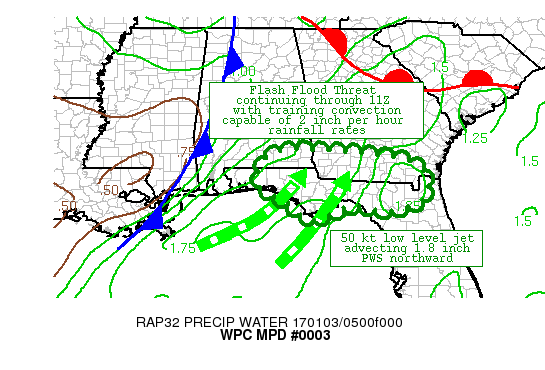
AREAS AFFECTED...NORTH CENTRAL FLORIDA AND SOUTHERN GEORGIA

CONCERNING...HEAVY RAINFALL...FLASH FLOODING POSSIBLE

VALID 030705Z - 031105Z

SUMMARY...REPEATED ROUNDS OF HEAVY THUNDERSTORMS COULD CAUSE
ADDITIONAL FLASH FLOODING CONCERNS FROM THE CENTRAL FLORIDA
PENINSULA TO SOUTHERN GEORGIA THROUGH 11Z THIS MORNING, WITH
RAINFALL RATES OF 2 INCHES PER HOUR OR MORE POSSIBLE.  THE
HEAVIEST RAINFALL SHOULD BE JUST INLAND FROM THE COAST.

DISCUSSION...645Z REGIONAL RADAR IMAGERY SHOWED A BROAD WEST TO
EAST BAND OF STRONG THUNDERSTORMS OVER THE FLORIDA PANDHANDLE, AND
LIFTING VERY SLOWLY NORTHEASTWARD.  ALTHOUGH THE HEAVY RAINFALL
EARLIER IN THE NIGHT FELL PRIMARILY TO THE NORTH AND WEST OF THE
ONGOING CONVECTION, THE REPEATED ROUNDS OF THUNDERSTORM ACTIVITY
COULD BE ENOUGH TO CAUSE SOME FLASH FLOODING PROBLEMS.

A POTENT NEGATIVELY TILTED SHORTWAVE NOTED OVER NORTHERN ALABAMA
AND CENTRAL TENNESSEE IS PROVIDING ORGANIZED ASCENT OVER THIS
REGION.  RAP MODEL SOUNDINGS INDICATE 40 TO 50 KNOTS OF DEEP SOUTH
TO SOUTHWESTERLY FLOW, WITH CAPE ON THE ORDER OF 1000 TO 1500 J/KG
PER THE LATEST SPC MESOANALYSIS.  PW VALUES ARE ALSO QUITE
ELEVATED, ON THE ORDER OF 1.8 INCHES.  RADAR ESTIMATED RAINFALL
RATES OF 1-2+ INCHES PER HOUR ARE ALREADY IN PROGRESS, AND
MULTIPLE REPORTS OF AT LEAST 3 INCHES OF RAINFALL THUS FAR HAVE
BEEN OBSERVED ACROSS PARTS OF THE WESTERN FLORIDA PANHANDLE OVER
THE PAST SEVERAL HOURS.

THE ENHANCED MOISTURE CONVERGENCE, SUFFICIENT INSTABILITY NEAR THE
GULF COAST, AND APPRECIABLE UPPER LEVEL DIFFLUENCE OUT AHEAD OF
THE APPROACHING SHORTWAVE AND UPPER LEVEL JET MAX SHOULD CONTINUE
TO SUSTAIN THE ONGOING HEAVY RAINFALL THROUGH 11Z.  THE LATEST
HRRR AND ARW MODEL SUGGESTS AN ADDITIONAL 1 TO 3 INCHES OF
RAINFALL IS POSSIBLE.